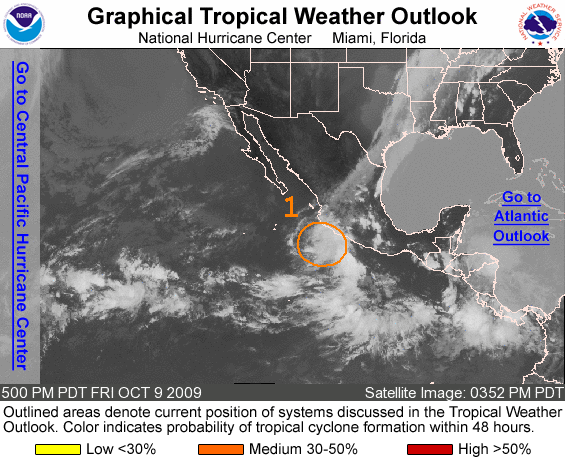
FOR THE EASTERN NORTH PACIFIC...EAST OF 140 DEGREES WEST LONGITUDE..

1. SHOWERS AND THUNDERSTORMS ASSOCIATED WITH A BROAD AREA OF LOW PRESSURE LOCATED ABOUT 150 MILES SOUTHWEST OF MANZANILLO MEXICO HAVE CHANGED LITTLE IN ORGANIZATION DURING THE PAST FEW HOURS. HOWEVER...ENVIRONMENTAL CONDITIONS APPEAR FAVORABLE FOR FURTHER DEVELOPMENT AND A TROPICAL DEPRESSION COULD FORM DURING THE NEXT COUPLE OF DAYS. THERE IS A MEDIUM CHANCE...30 TO 50 PERCENT...OF THIS SYSTEM BECOMING A TROPICAL CYCLONE DURING THE NEXT 48 HOURS AS IT REMAINS NEARLY STATIONARY OR DRIFTS NORTHWESTWARD.

ELSEWHERE...TROPICAL CYCLONE FORMATION IS NOT EXPECTED DURING THE NEXT 48 HOURS.

FORECASTER CANGIALOSI/BEVEN